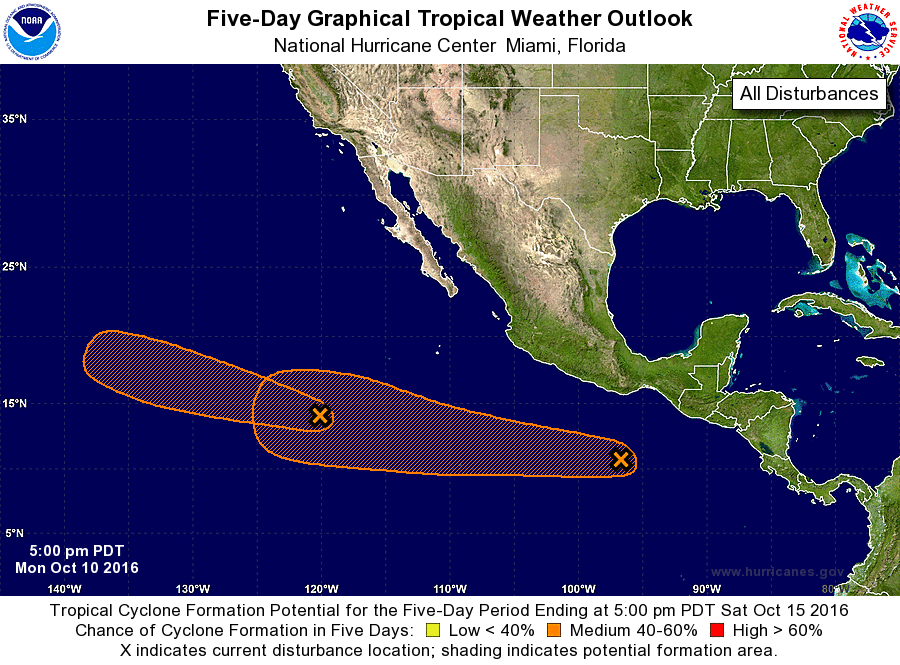
For the eastern North Pacific...east of 140 degrees west longitude:

1. A complex area of low pressure located about 800 miles southwest of the southern tip of the Baja California peninsula continues to produce disorganized cloudiness and thunderstorms. This disturbance is expected to slowly consolidate while moving west-northwestward to northwestward, and it could become a tropical depression before it moves over cooler waters in a few days.
* Formation chance through 48 hours...low...30 percent
* Formation chance through 5 days...medium...50 percent

2. Disorganized showers and thunderstorms located a few hundred miles south-southeast of Acapulco, Mexico, are associated with a weak low pressure system. Environmental conditions are expected to be generally conducive for development, and a tropical depression could form by the weekend while the low moves westward well to the southwest of mainland Mexico.
* Formation chance through 48 hours...low...10 percent
* Formation chance through 5 days...medium...60 percent

Forecaster Cangialosi